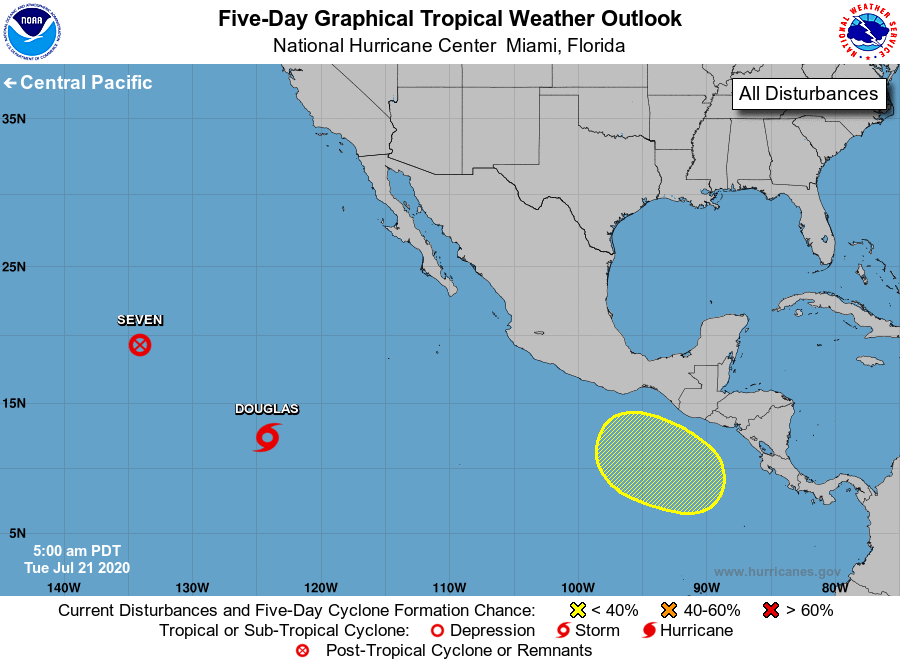
For the eastern North Pacific...east of 140 degrees west longitude:

The National Hurricane Center is issuing advisories on Tropical Depression Seven-E, located about 1500 miles west of the southern tip of the Baja California peninsula, and on Tropical Storm Douglas, located about one thousand miles southwest of the southern tip of the Baja California peninsula.

1. An area of low pressure is forecast to form well south of the southern coast of Mexico and portions of Central America later this week. Gradual development of this system will be possible over the weekend while it moves generally west-northwestward.
* Formation chance through 48 hours...low...near 0 percent.
* Formation chance through 5 days...low...30 percent.

Public Advisories on Tropical Storm Douglas are issued under WMO header WTPZ33 KNHC and under AWIPS header MIATCPEP3. Forecast/Advisories on Tropical Storm Douglas are issued under WMO header WTPZ23 KNHC and under AWIPS header MIATCMEP3.

Forecaster Berg